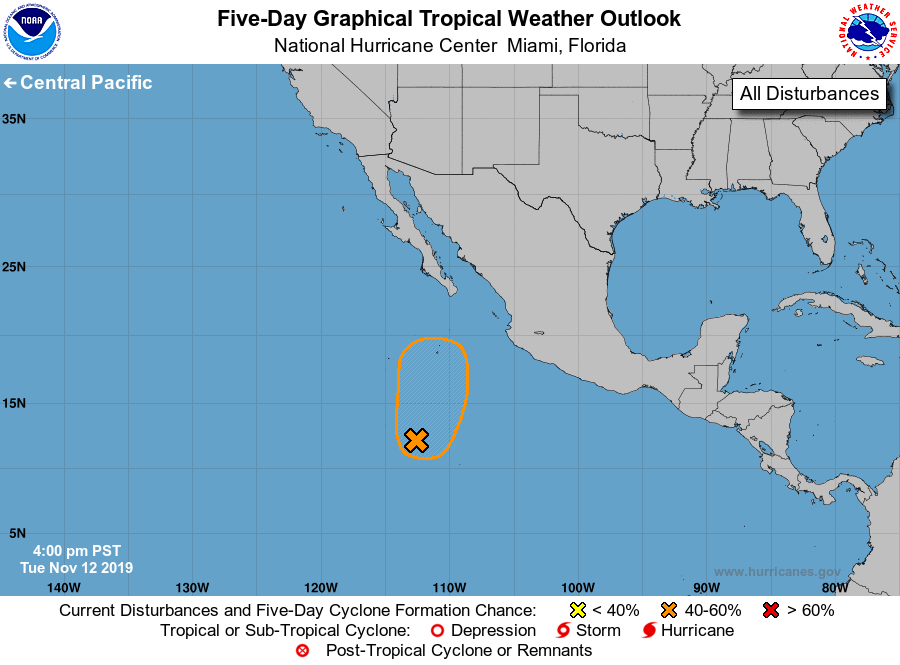
For the eastern North Pacific...east of 140 degrees west longitude:

1. A broad area of low pressure located several hundred miles south of the southern tip of the Baja California peninsula is producing disorganized showers and thunderstorms. Gradual development of this disturbance is possible over the next several days, and a tropical depression could form late this week while it moves slowly northward. However, upper-level winds are expected to become unfavorable for any further development of this system by late this weekend.
* Formation chance through 48 hours...low...10 percent.
* Formation chance through 5 days...medium...50 percent.

Forecaster Latto